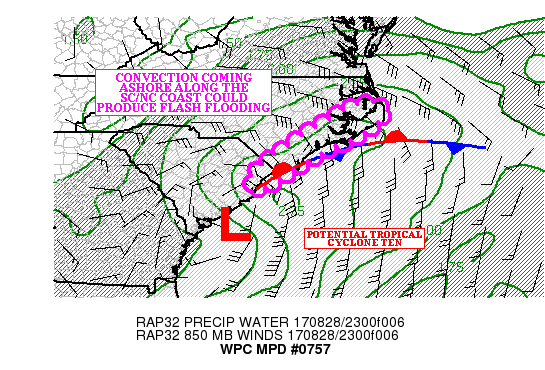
AREAS AFFECTED...NORTHEAST SC INTO EASTERN NC

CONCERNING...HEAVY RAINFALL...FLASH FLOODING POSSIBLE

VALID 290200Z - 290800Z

SUMMARY...CONVECTION ASSOCIATED WITH POTENTIAL TROPICAL CYCLONE
TEN COMING ASHORE OVER NORTHEAST SC INTO EASTERN NC COULD PRODUCE
A FLASH FLOOD THREAT INTO THE EARLY MORNING HOURS.

DISCUSSION...THE GOES-16 CLEAN IR LOOP SHOWED DEEPENING CONVECTION
EAST OF POTENTIAL TROPICAL CYCLONE TEN...WITH THE COLDEST TOPS
WELL EAST OF KCHS. HOWEVER... TO THIS POINT...DRIER AIR ON THE
WESTERN SIDE OF THE LOW AND MID LEVEL SYSTEM HAS ERODED THE
CONVECTION AS IT APPROACHES THE SC/NC COASTS.

SOUTH OF A STATIONARY FRONT EXTENDING ALONG THE SC/NC COAST...THE
MOST RECENT RAP ANALYSIS SHOWED 500-1000 J/KG OF MLCAPE OFFSHORE.
CLOSER TO THE COAST (AND VERY CLOSE TO THE FRONTAL BOUNDARY)...THE
00Z CHS AND 00Z ILM SOUNDINGS SHOWED SBCAPE VALUES BELOW 500 J/KG.
THE MINIMAL  INSTABILITY HAS BEEN THE MAIN REASON THAT THE
CONVECTION HAS WEAKENED AS IT APPROACHES THE COAST.

THERE IS STILL A MULTI HIGH RESOLUTION MODEL SIGNAL THAT SHOWS AN
INCREASING LOW LEVEL SOUTH SOUTHEAST FLOW (INCREASING TO NEAR 35
KNOTS AFTER 05Z ACROSS NORTHEAST SC AND EASTERN NC...PER THE MOST
RECENT RAP) TRANSPORTING DEEP MOISTURE AND INSTABILITY ALONG
COASTAL SECTIONS OF NORTHEAST SC AND EASTERN NC AS THE LOW LEVEL
BOUNDARY IS BODILY MOVED INLAND. MARGINAL INSTABILITY AND
PRECIPITABLE WATER VALUES BETWEEN 2.25/2.50 INCHES WILL POSE THE
THREAT FOR AT LEAST LOCALIZED FLASH FLOODING ACROSS THIS
AREA...MAINLY BETWEEN 05Z AND 08Z.

THE MOST RECENT HRRR SHOWED LOCAL 3.00 TO 5.00 INCHES OF RAINFALL
OVER FAR NORTHEAST SC AND MUCH EASTERN NC...AND THIS IS SUPPORTED
BY THE 12Z WRF ARW AND THE 12Z WRF NSSL SOLUTIONS. WHILE THREE
HOUR FLASH FLOOD GUIDANCE VALUES ARE GENERALLY ABOVE 3.00 INCHES
ALONG MUCH OF THE COAST...HIGH RAINFALL RATES WITH THE CONVECTION
POSE THE THREAT FOR AT LEAST LOCALIZED FLASH FLOODING.

SINCE THERE IS SOME SPREAD IN THE HIGH RESOLUTION MODEL GUIDANCE
AS TO WHETHER THE INSTABILITY PUSHES FAR ENOUGH INLAND THROUGH
08Z...FLASH FLOODING IS ONLY CONSIDER POSSIBLE INTO THE EARLY
MORNING HOURS.